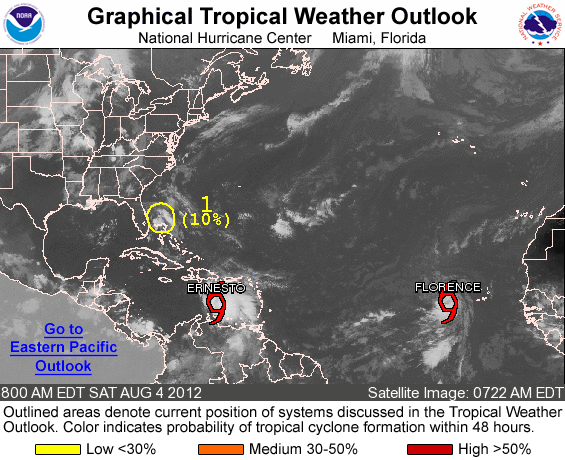
FOR THE NORTH ATLANTIC...CARIBBEAN SEA AND THE GULF OF MEXICO...

THE NATIONAL HURRICANE CENTER IS ISSUING ADVISORIES ON TROPICAL STORM ERNESTO LOCATED OVER THE SOUTHEASTERN CARIBBEAN SEA...AND ON RECENTLY UPGRADED TROPICAL STORM FLORENCE LOCATED OVER THE EASTERN ATLANTIC.

1. SHOWER ACTIVITY HAS DIMINISHED NEAR A WEAK LOW PRESSURE AREA LOCATED ABOUT A HUNDRED MILES EAST-SOUTHEAST OF CAPE CANAVERAL FLORIDA. THE LOW IS EXPECTED TO MOVE INLAND OVER THE FLORIDA PENINSULA LATER TODAY WITHOUT SIGNIFICANT DEVELOPMENT. THIS SYSTEM HAS A LOW CHANCE...10 PERCENT...OF BECOMING A TROPICAL CYCLONE DURING THE NEXT 48 HOURS.

ELSEWHERE...TROPICAL CYCLONE FORMATION IS NOT EXPECTED DURING THE NEXT 48 HOURS.

&&
PUBLIC ADVISORIES ON TROPICAL STORM FLORENCE ARE ISSUED UNDER WMO HEADER WTNT31 KNHC AND UNDER AWIPS HEADER MIATCPAT1. FORECAST/ADVISORIES ON TROPICAL STORM FLORENCE ARE ISSUED UNDER WMO HEADER WTNT21 KNHC AND UNDER AWIPS HEADER MIATCMAT1.

FORECASTER BLAKE